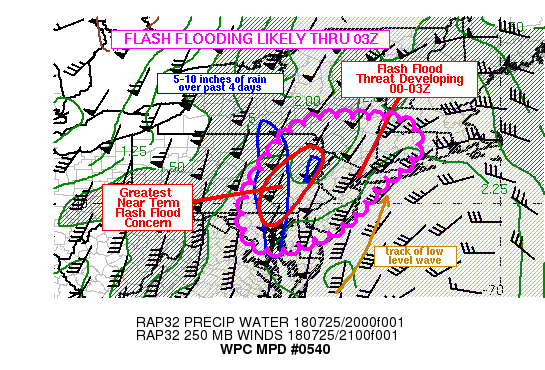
Areas affected...portions of the northern Mid-Atlantic region into
southern/eastern NY/southern New England

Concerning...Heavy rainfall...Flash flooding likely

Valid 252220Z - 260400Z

Summary...Flash flooding is likely to continue for portions of the
northern Mid-Atlantic region into southern portions of the
Northeast through 04Z. Additional rainfall of 2-4 inches will be
possible where cell training is greatest, with isolated higher
totals possible.

Discussion...Regional radar imagery at 2145Z showed a NNE-SSW line
of heavy rain oriented from near Scranton, PA through Harrisburg
to near Westminster, MD. A few reports ending 2145Z indicated
rainfall rates of 2-3 in/hr within this line where
training/repeating was greatest, just southwest of Harrisburg,
with the rest of the line peaking in the 1-2 in/hr range. This
line is the greatest near term concern given its orientation
aligning with the mean low-mid level flow and its location
overlapping with 5-10 inches of rain which has fallen over the
past 4 days from portions of northern MD into eastern PA.

As a slow moving 850-700 mb trough axis, currently stretching from
central NY into WV, continues toward the east, the line of
convection moving through eastern PA should continue to slide east
as well with possible weakening beyond 00Z with the onset of the
nocturnal stabilizing boundary layer.

Farther to the east, visible satellite imagery showed a low level
circulation roughly 60 miles east of the DelMarVa peninsula, out
ahead of a larger scale, negatively tilted upper trough axis over
the Mid-Atlantic region. Flow along the east coast is already
strongly diffluent given the placement of an upper ridge axis just
offshore, but enhanced lift tied to the mesoscale low east of the
DelMarVa is expected to reach near New York City between 00-03Z.
Some concerns if instability will be high enough to support large
scale heavy rainfall rates, but given the high precipitable water
environment, added forcing for ascent and the HRRR simulated
reflectivity forecasts of a mesoscale deformation axis stretching
from NJ into the NYC metro, flash flood concerns are elevated in
the 00-03Z time frame.

MD/PA/NJ and NYC metro regions all have the potential of seeing
2-4 inches of rain through 04Z, locally higher, which would cause
flash flooding.